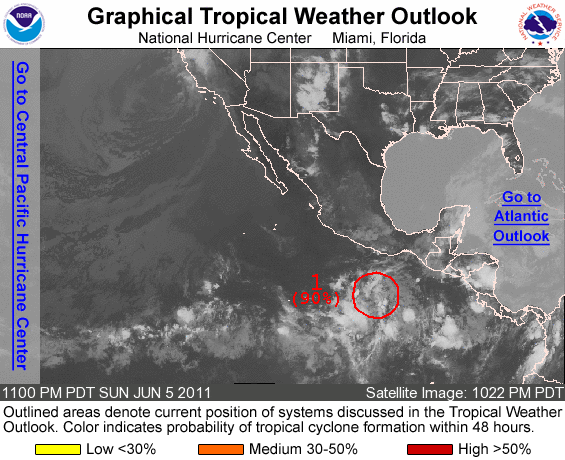
FOR THE EASTERN NORTH PACIFIC...EAST OF 140 DEGREES WEST LONGITUDE..

1. SATELLITE IMAGES DURING THE PAST FEW HOURS INDICATE THE AREA OF DISTURBED WEATHER CENTERED ABOUT 450 MILES SOUTH OF ACAPULCO HAS CHANGED LITTLE IN ORGANIZATION. HOWEVER...ENVIRONMENTAL CONDITIONS REMAIN VERY FAVORABLE FOR DEVELOPMENT AND THERE IS A HIGH CHANCE...90 PERCENT...OF THIS SYSTEM BECOMING A TROPICAL CYCLONE DURING THE NEXT 48 HOURS AS IT DRIFTS TOWARD THE NORTHWEST.

ELSEWHERE...TROPICAL CYCLONE FORMATION IS NOT EXPECTED DURING THE NEXT 48 HOURS.

FORECASTER AVILA